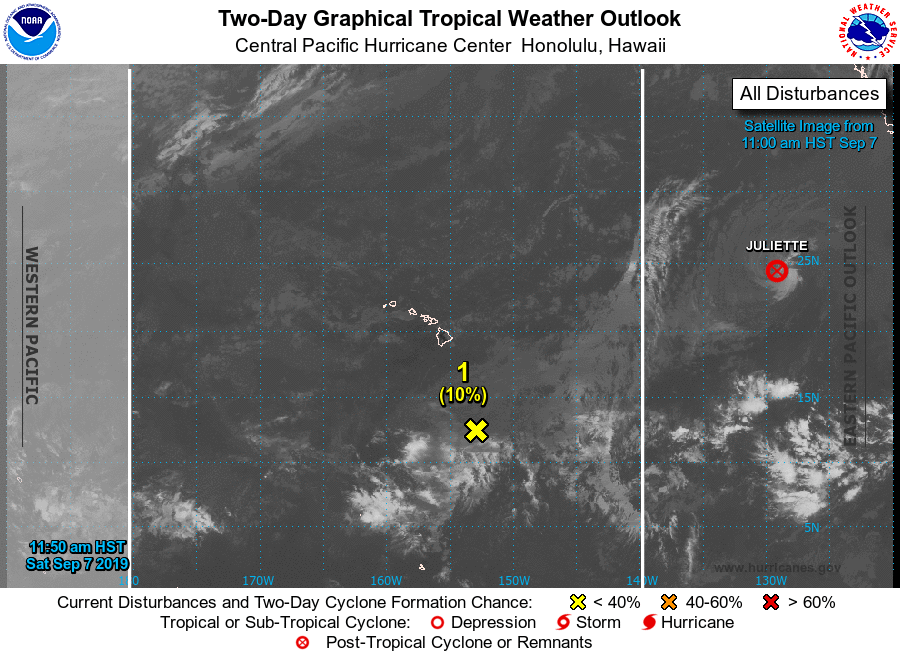
For the central North Pacific...between 140W and 180W:

1. An area of low pressure associated with the remnants of former Tropical Storm Akoni, located about 550 miles south-southeast of Hilo, Hawaii, is producing a broad area of disorganized showers and thunderstorms. Environmental conditions are only marginally conducive for regeneration of this system over the next several days as it moves northwestward.
* Formation chance through 48 hours...low...10 percent
* Formation chance through 5 days...low...10 percent

Elsewhere, no tropical cyclones are expected during the next 5 days.

Forecaster TS